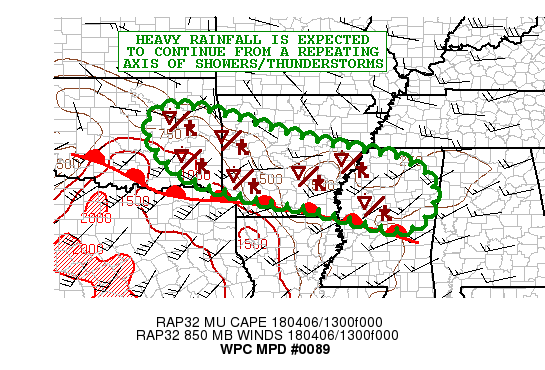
AREAS AFFECTED...EASTERN OK...AR...CENTRAL/NORTHERN MS

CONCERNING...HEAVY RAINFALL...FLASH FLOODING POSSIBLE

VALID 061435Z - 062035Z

SUMMARY...NUMEROUS SHOWERS AND THUNDERSTORMS WILL CONTINUE WELL
INTO THE AFTERNOON HOURS...WITH CONCERNS OF REPEATING CELL
ACTIVITY. FLASH FLOODING IS POSSIBLE.

DISCUSSION...THE LATEST RADAR IMAGERY SHOWS AN EXPANSIVE AXIS OF
ELEVATED CONVECTION STRETCHING FROM EASTERN OK EAST-SOUTHEAST
ACROSS CENTRAL AR AND INTO NORTHWEST MS. THE CONVECTION IS
INITIATING WITH A BROAD LOW TO MID LEVEL WARM AIR ADVECTION
PATTERN AHEAD OF A SOUTHERN PLAINS SHORTWAVE TROUGH THAT IS
ALLOWING DEEP MOISTURE TO FOCUS NORTH UP ACROSS THE LOWER MS
VALLEY IN CONJUNCTION WITH A GRADUAL INCREASE IN INSTABILITY. THE
CONVECTION OVER THE LAST SEVERAL HOURS HAS BEEN FOCUSING NORTH OF
A WARM FRONT AND WITHIN A FAIRLY WELL-DEFINED INSTABILITY GRADIENT
CHARACTERIZED BY MUCAPE VALUES OF 500 TO 1000 J/KG.

THE UPPER LEVEL FLOW IS RATHER DIFFLUENT AHEAD OF THE SHORTWAVE
TROUGH...AND OVER THE NEXT SEVERAL HOURS THE THERMODYNAMICS
ENVIRONMENT SHOULD BE CONDUCIVE FOR SUSTAINABLE CONVECTION THAT
WILL BE ALIGNED NORTH AND PARALLEL TO THE WARM FRONT...BUT ALSO
THE MEAN LAYER WIND VECTOR WHICH WILL FAVOR REPEATING CELL
ACTIVITY. THE PWATS ARE CURRENTLY AROUND 1.25 INCHES NEAR THE AXIS
OF CONVECTION AND SHOULD CONTINUE TO RISE TO NEAR 1.5 INCHES
THROUGH 18Z TO 21Z. THIS WILL FAVOR AN UPTICK IN RAINFALL RATES
THAT SHOULD RISE TO NEAR OR OVER 1.5 INCHES/HR WITHIN THE STRONGER
CONVECTIVE CORES.

SOIL SATURATION FIELDS BASED OFF THE HRRR GUIDANCE WHEN COUPLED
WITH FORECAST QPF SUGGESTS AN INCREASED THREAT OF RUNOFF PROBLEMS
GOING THROUGH THE EARLY TO MID-AFTERNOON HOURS...AND MAINLY GIVEN
THE REPEATING CONVECTIVE CELL POTENTIAL. EXPECT AS MUCH AS AN
ADDITIONAL 3 TO 4 INCHES OF RAIN THROUGH THIS TIME FRAME.
THEREFORE...SOME FLASH FLOODING WILL BE POSSIBLE.

ONE CONCERN IN TIME IS THAT THE CONVECTION WILL TEND TO BECOME
MORE ORGANIZED TO THE LEVEL OF CREATING A SUFFICIENT COLD POOL
THAT MAY ALLOW CONVECTION TO BEGIN SAGGING OR DEVELOPING FARTHER
SOUTH TOWARD THE WARM SECTOR. RECENT RUNS OF THE HRRR COUPLED WITH
THE OVERNIGHT ARW...NMMB AND ARW2 SOLUTIONS ALL FAVOR THIS. THUS
AREAS OF SOUTHERN AR...NORTHERN LA AND CENTRAL MS WILL EVENTUALLY
NEED TO BE MONITORED FOR HEAVY TO EXCESSIVE RAINFALL LATER TODAY.